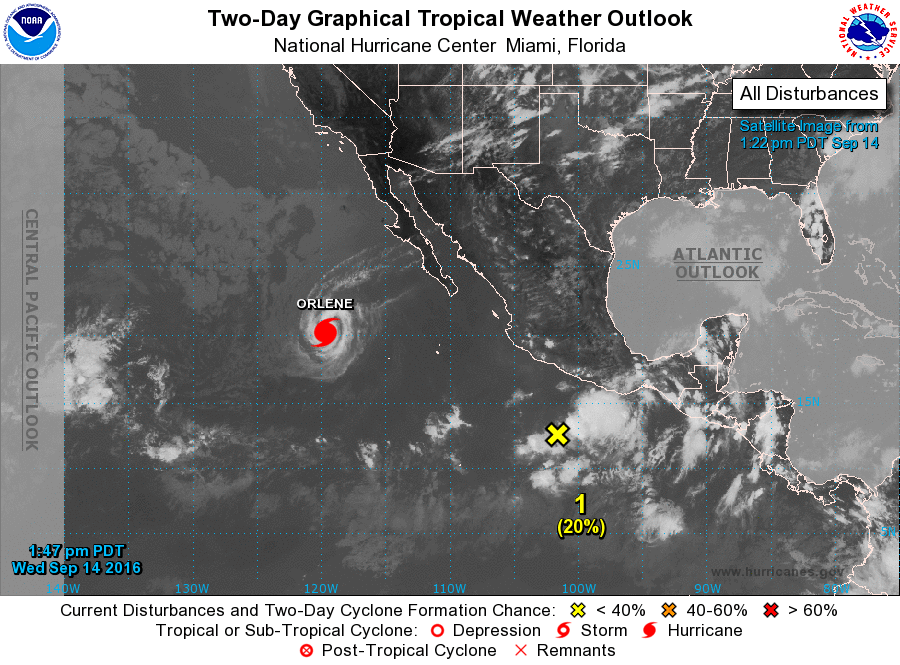
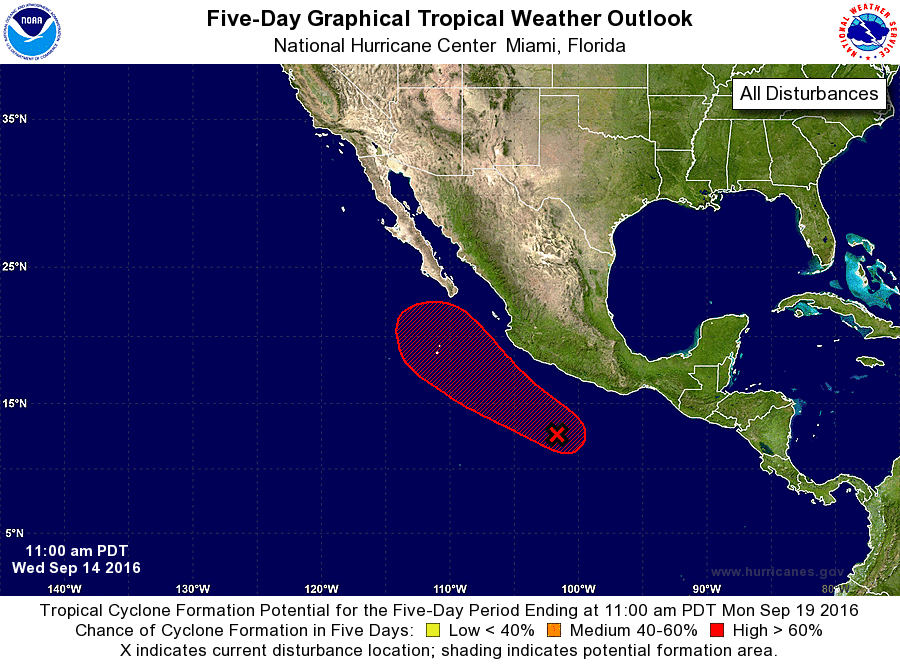
For the eastern North Pacific...east of 140 degrees west longitude:

The National Hurricane Center is issuing advisories on Hurricane Orlene, located several hundred miles west-southwest of the southern tip of the Baja California peninsula.

1. Shower activity has increased during the past 24 hours in association with a nearly stationary area of low pressure located a few hundred miles south-southwest of Acapulco, Mexico. Environmental conditions are expected to become more conducive for development, and a tropical depression could form this weekend or early next week while the low begins moving west-northwestward to northwestward, parallel to the coast of Mexico.
*Formation chance through 48 hours...low...20 percent
*Formation chance through 5 days...high...70 percent

Forecaster Beven